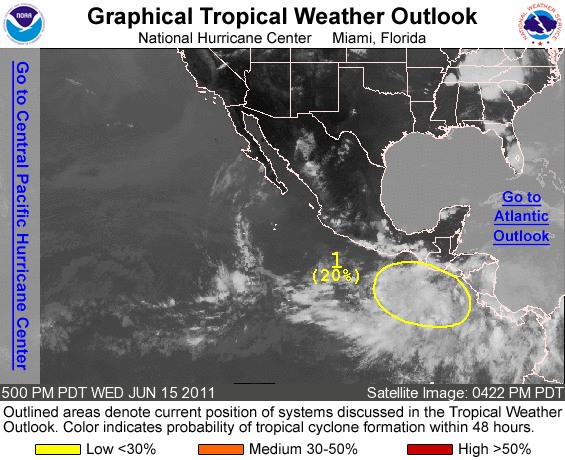
FOR THE EASTERN NORTH PACIFIC...EAST OF 140 DEGREES WEST LONGITUDE..

1. AN ELONGATED SURFACE TROUGH OF LOW PRESSURE EXTENDING FROM CENTRAL AMERICA WESTWARD FOR SEVERAL HUNDRED MILES CONTINUES TO PRODUCE A LARGE AREA OF SHOWERS AND A FEW THUNDERSTORMS. AS A TROPICAL WAVE NEAR CENTRAL AMERICA BEGINS TO INTERACT WITH THIS AREA OF DISTURBED WEATHER...SOME GRADUAL DEVELOPMENT IS POSSIBLE DURING THE NEXT COUPLE OF DAYS. THERE IS A LOW CHANCE...20 PERCENT...OF TROPICAL CYCLONE FORMATION DURING THE NEXT 48 HOURS.

ELSEWHERE...TROPICAL CYCLONE FORMATION IS NOT EXPECTED DURING THE NEXT 48 HOURS.

FORECASTER BERG